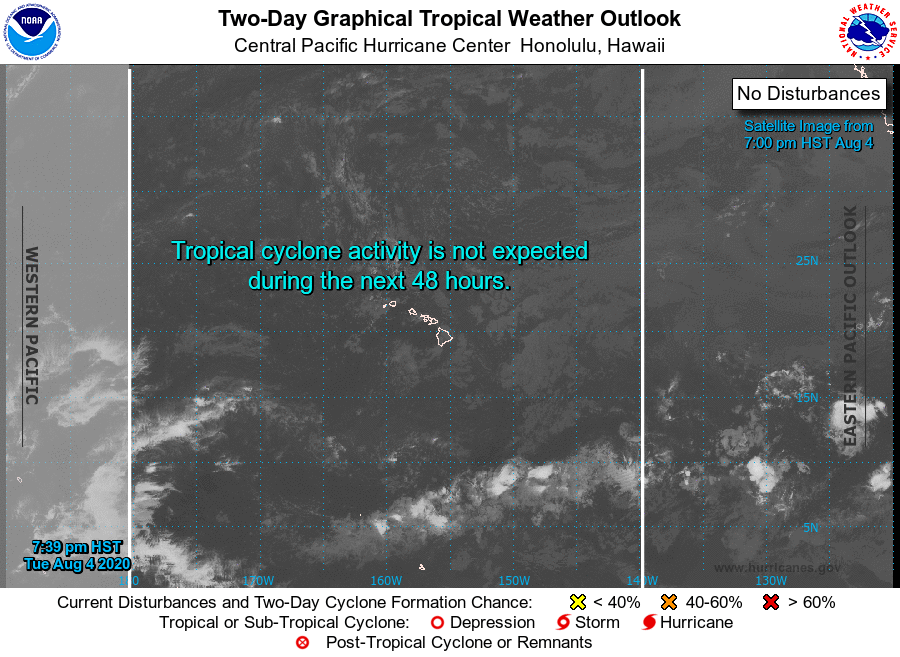
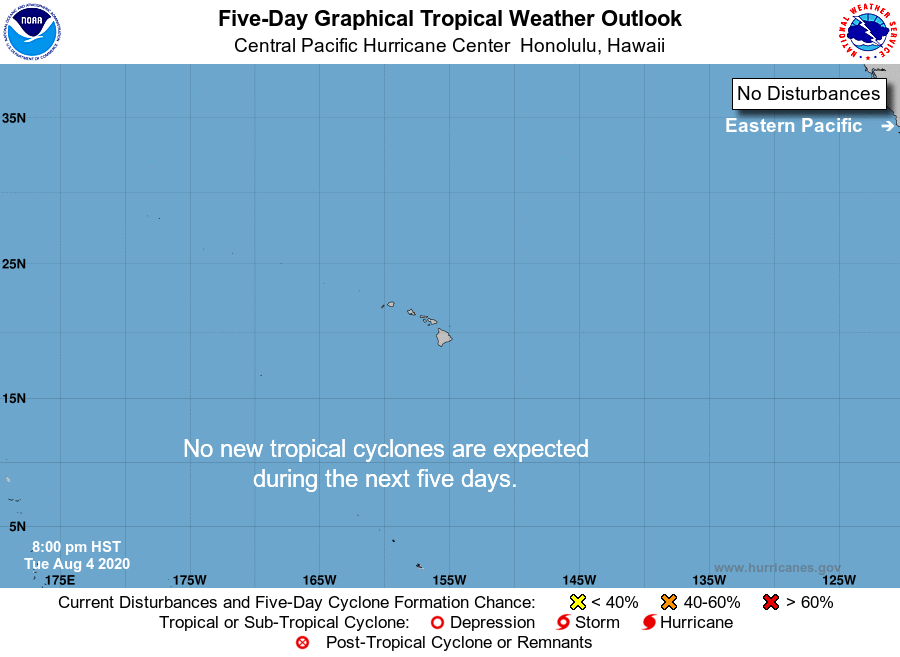
For the central North Pacific...between 140W and 180W:

No tropical cyclones are expected during the next 5 days.

Forecaster Kinel